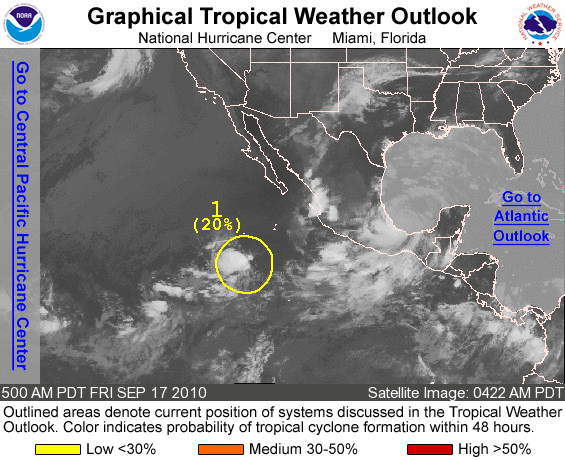
FOR THE EASTERN NORTH PACIFIC...EAST OF 140 DEGREES WEST LONGITUDE..

1. SHOWERS AND THUNDERSTORMS REMAIN DISORGANIZED IN ASSOCIATION WITH A BROAD AREA OF LOW PRESSURE LOCATED ABOUT 650 MILES WEST-SOUTHWEST OF MANZANILLO MEXICO. ANY DEVELOPMENT OF THIS SYSTEM IS EXPECTED TO BE SLOW TO OCCUR DURING THE NEXT COUPLE OF DAYS AS IT REMAINS NEARLY STATIONARY. THERE IS A LOW CHANCE...20 PERCENT...OF THIS SYSTEM BECOMING A TROPICAL CYCLONE DURING THE NEXT 48 HOURS.

ELSEWHERE...TROPICAL CYCLONE FORMATION IS NOT EXPECTED DURING THE NEXT 48 HOURS.

FORECASTER KIMBERLAIN